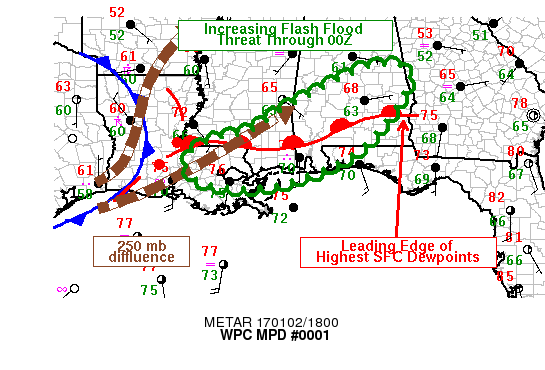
AREAS AFFECTED...CNTRL GULF COAST INTO SERN AL/WRN GA

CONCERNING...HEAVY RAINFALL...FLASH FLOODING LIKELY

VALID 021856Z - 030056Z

SUMMARY...AN INCREASE IN SW TO NE TRAINING CONVECTION IS EXPECTED
TO CAUSE FLASH FLOODING FROM THE CNTRL GULF COAST INTO PORTIONS OF
SRN MS/AL THROUGH 21Z AND BEYOND.

DISCUSSION...1830Z REGIONAL RADAR IMAGERY SHOWED AN APPROACHING
SQUALL LINE IN CNTRL TO ERN LA RACING EAST WITH ADDITIONAL
THUNDERSTORMS ACROSS PORTIONS OF SRN MS AND CNTRL AL OUT AHEAD.
THE SQUALL LINE WAS OCCURRING AHEAD OF A COLD FRONT...TIED TO
ASCENT AHEAD OF A POTENT SHORTWAVE NOTED OVER THE ARKLATEX...WHICH
WAS ACQUIRING A NEGATIVE TILT. THE KLCH VAD WIND PLOT AT 850 MB
INDICATED A 5-10 KT SURGE IN MAGNITUDE JUST AHEAD OF THE SQUALL
LINE. FLOW IS UNIDIRECTIONAL IN THE CLOUD BEARING LAYER AND THERE
HAS ALREADY BEEN OBSERVED TRAINING AHEAD OF THE SQUALL LINE NEAR
THE LEADING EDGE OF DEEPER MOISTURE WITH DUAL POL ESTIMATED
RAINFALL RATES OF 1-2+ IN/HR. 18Z SURFACE OBSERVATIONS PLACED THE
LEADING EDGE OF DEEPER SURFACE MOISTURE EXTENDED WWD THROUGH SRN
AL INTO SRN MS AND CNTRL LA...WHICH IS SERVING AS A WARM FRONTAL
BOUNDARY.

AS THE SHORTWAVE CONTINUES TO ADVANCE EWD OVER THE NEXT 3-6
HOURS...RAP FORECASTS SHOW INCREASING 850 MB WIND SPEEDS WILL
CONTINUE TO OVERSPREAD PORTIONS OF THE CNTRL GULF COAST INTO AL
AND EVENTUALLY FAR WRN GA BY 00Z. THE INCREASED ISENTROPIC
ASCENT...SUFFICIENT INSTABILITY AND A MARKED INCREASE IN UPPER
LEVEL DIFFLUENCE OUT AHEAD OF THE APPROACHING SHORTWAVE SHOULD
HELP TO INCREASE RAINFALL COVERAGE WITH TRAINING LIKELY FROM SW TO
NE. THE FLASH FLOOD CONCERN IS EXACERBATED DUE TO WIDESPREAD HEAVY
RAIN...AS HIGH AS 5-8 INCHES IN A FEW LOCATIONS...WHICH FELL OVER
THE PAST 24 HOURS FROM SRN MS INTO SRN AL AND CNTRL GA. THE 12Z
HI-RES MODELS HAVE COME INTO BETTER AGREEMENT ON THE SCENARIO LED
BY RECENT CONSISTENT RUNS OF THE HRRR.